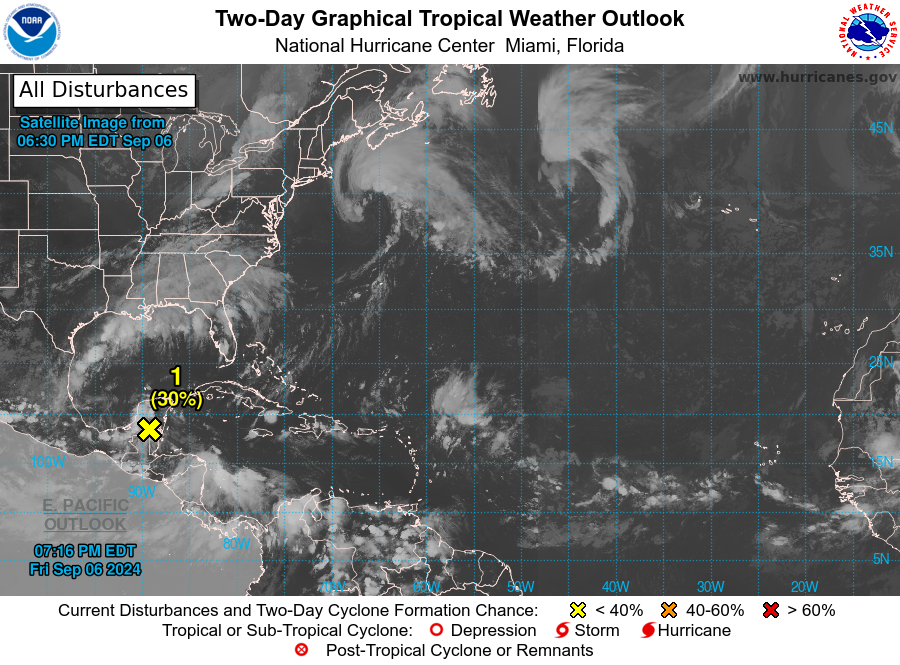
For the North Atlantic...Caribbean Sea and the Gulf of Mexico:

1. Southwestern Gulf of Mexico: A tropical wave is producing disorganized showers and thunderstorms over Belize, Guatemala, and the Yucatan Peninsula of Mexico. The wave is forecast to move over the Bay of Campeche on Saturday, where it will begin to interact with a frontal boundary. A tropical depression could form during the early or middle part of next week while the system moves slowly northwestward over the southwestern Gulf of Mexico.
* Formation chance through 48 hours...low...30 percent.
* Formation chance through 7 days...medium...50 percent.

2. Eastern and Central Tropical Atlantic: An elongated trough of low pressure over the eastern and central tropical Atlantic is producing broad shower and thunderstorm activity. A more concentrated area of low pressure may form within this region during the next couple of days. Any development of this system should be slow to occur while the disturbance meanders through the early part of next week and then begins to move west-northwestward across the central tropical Atlantic during the middle to latter part of next week.
* Formation chance through 48 hours...low...near 0 percent.
* Formation chance through 7 days...low...20 percent.

Forecaster D. Zelinsky